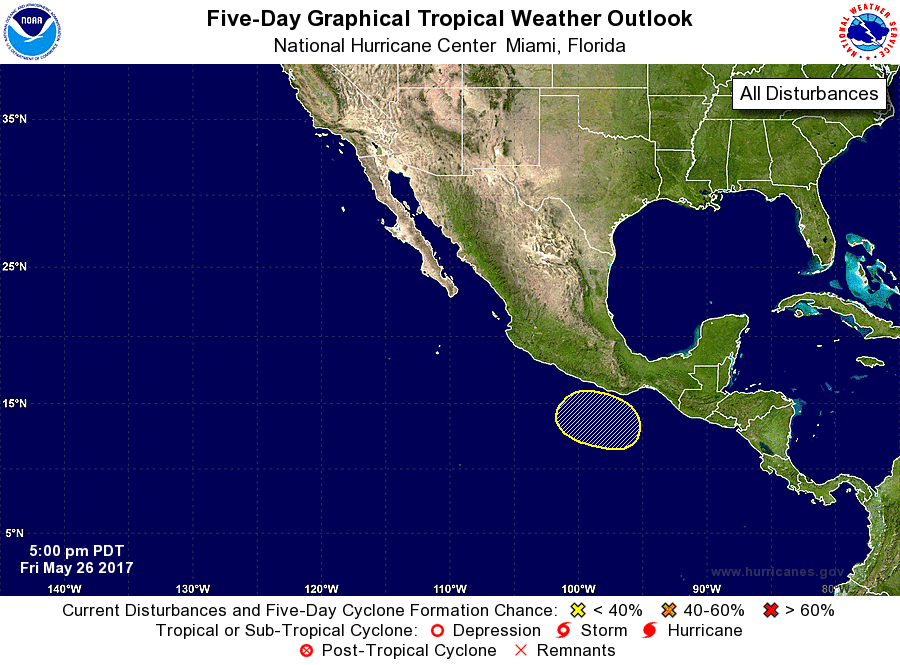
For the eastern North Pacific...east of 140 degrees west longitude:

1. An area of low pressure is likely to form a couple of hundred miles south of the southern coast of Mexico by early next week. Conditions appear favorable for some development by the middle of the week while this system moves little to the south of the Mexican coast.
* Formation chance through 48 hours...low...near 0 percent.
* Formation chance through 5 days...low...20 percent.

Forecaster Beven